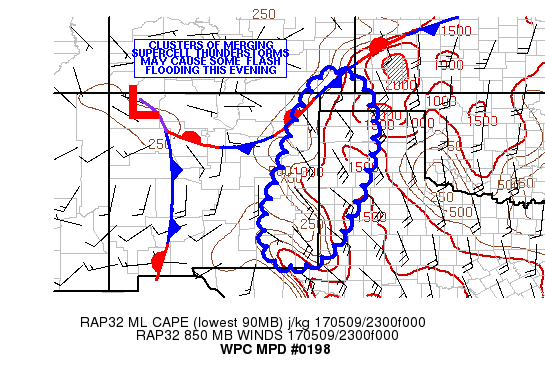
AREAS AFFECTED...EASTERN NM...WESTERN TX...FAR WESTERN OK
PANHANDLE...EXTREME SOUTHEAST CO

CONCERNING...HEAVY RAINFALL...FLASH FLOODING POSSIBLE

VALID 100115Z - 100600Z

SUMMARY...NUMEROUS SHOWERS AND THUNDERSTORMS WILL CONTINUE THIS
EVENING ALONG WITH A FEW CELL-MERGERS. GIVEN THE INTENSE RAINFALL
RATES...SOME FLASH FLOODING WILL BE POSSIBLE.

DISCUSSION...A SSW/NNE AXIS OF SUPERCELL THUNDERSTORMS CONTINUES
TO IMPACT AREAS OF EASTERN NM AND NOW EDGING ACROSS THE BORDER
INTO WESTERN TX. THE VERY STRONG CONVECTION IS BEING FACILITATED
BY THE ARRIVAL OF A SHORTWAVE ROUNDING THE BASE OF THE UPPER LOW
OVER SOUTHERN AZ AND EJECTING NORTHEAST ACROSS NM. THE ENERGY IS
ASSOCIATED WITH A 110+ KT 250 MB JET MAX AND IS INTERACTING WITH A
N/S AXIS OF MODERATE INSTABILITY CHARACTERIZED BY MLCAPE VALUES OF
1000 TO 1500 J/KG. LOW LEVEL SOUTHEAST FLOW AHEAD OF THIS ENERGY
CONTINUES TO ADVECT A RELATIVELY MOIST BOUNDARY LAYER WITH MID TO
UPPER 50S DEWPOINTS. IN FACT THE LATEST VWP DATA SHOWS THE NOSE OF
A 30 KT LOW LEVEL JET ADVANCING UP THROUGH WEST TX AND INTO FAR
EASTERN NM WHERE THE CURRENT AXIS OF STRONGER CONVECTIVE CELLS
EXISTS.

RECENT RUNS OF THE HRRR AND HRRRX SUGGESTS ORGANIZED CONVECTION
PERSISTING AND EXPANDING A BIT MORE IN COVERAGE OVER THE NEXT FEW
HOURS...WITH A GENERAL TREND OFF TO THE NORTHEAST ACROSS WESTERN
TEXAS AND THE OK PANHANDLE OVER THE NEXT FEW HOURS AS SOME COLD
POOL GENERATION BECOMES BETTER ESTABLISHED. ADDITIONAL RAINFALL
AMOUNTS OF 1 TO 2 INCHES...WITH SOME ISOLATED AMOUNTS POSSIBLY
OVER 3 INCHES CAN BE EXPECTED...WITH THE HEAVIER TOTALS EXPECTED
WHERE CELL-MERGERS OCCUR AND ALSO OVERSHOOTING TOPS. SOME FLASH
FLOODING CANNOT BE RULED OUT.